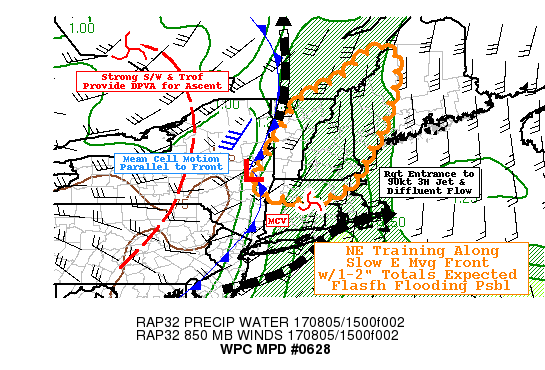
AREAS AFFECTED...VT...NH...WESTERN ME...WESTERN MA

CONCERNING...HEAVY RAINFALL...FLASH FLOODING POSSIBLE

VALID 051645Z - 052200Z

SUMMARY...NORTHEAST TRAINING CELLS ALONG SLOW EASTWARD MOVING
FRONTAL BOUNDARY MAY POSE FLASH FLOOD THREAT PARTICULARLY IN
ROUGHED TERRAIN.

DISCUSSION...EXPERIMENTAL GOES-16 WV LOOP DEPICTS STRONG HEIGHT
FALLS/DPVA FROM APPROACHING SHORTWAVE ACROSS SW QUEBEC WITH A
TRAILING TROF ANGLED BACK ACROSS CENTRAL NY.  THIS LIES COINCIDENT
WITH THE SURFACE FRONT...ALLOWING FOR DEEP UNIDIRECTIONAL FLOW
SUPPORTING A TRAINING PROFILE WHILE THE FRONT SLOWLY PROPAGATES
ABOUT 5-10KTS EASTWARD.  GOES-16 VISIBLE LOOP CONTINUES TO HAVE
CLOUDED CONDITIONS WHICH HAS LIMITED SURFACE HEATING...THOUGH
BREAKS HAVE BEEN INCREASING FOR SOME FILTERED INSOLATION TO OCCUR
SUPPORTING SOME LOW 70S SFC TEMPS WITH TDS IN THE MID TO UPPER
60S. THIS HAS ALLOWED FOR SOME LOW LEVEL INSTABILITY TO OCCUR WITH
MLCAPES REBOUNDING TO 750 J/KG.

AS SUCH RECENT RADAR/VIS AND LIGHTNING NETWORK DETECT SOME
CONVECTIVE DEVELOPMENT OVER THE NORTHERN HUDSON VALLEY. DEEP
SOUTHERLY MOISTURE TRANSPORT HAS ALSO MOISTENED THE LOWER VERTICAL
PROFILE IN A NARROW AXIS ACROSS CENTRAL NEW ENGLAND INTO VT ATTM
WITH TPWS OF 1.5-1.75".  THIS SHOULD BE SUFFICIENT TO HAVE FAIRLY
EFFICIENT RAINFALL WITH RATES UP TO 1.5"/HR.  GIVEN TRAINING
PROFILE THIS MAY SUPPORT 1-2" TOTALS ACROSS CENTRAL VT/NH AS RATES
INCREASE IN EFFICIENCY WITH INCREASED INSTABILITY.  THIS FALLS IN
LINE WITH RECENT HRRR/HRRRX RUNS. GIVEN COMPLEX TERRAIN AND LOW
FFG VALUES (MAINLY ACROSS VT) THERE THE THREAT FOR FLASH FLOODING
REMAINS POSSIBLE.

ISOLATED HIGHER TOTALS MAY BE POSSIBLE WITH SOME POTENTIAL FOR
PRE-FRONTAL CONVECTION DEVELOPING JUST NORTH OF SUBTLE MCV NEAR NW
CT/CENT MA BORDER AT THIS TIME.  INCREASED CONVERGENCE ON THE
NORTHERN PORTION OF THE CIRCULATION HAS SPARKED WEAK CELLS BUT
CLOUDED CONDITIONS LIKELY WILL LIMIT THIS POTENTIAL ACROSS NH/W ME
BUT BEARS WATCHING.